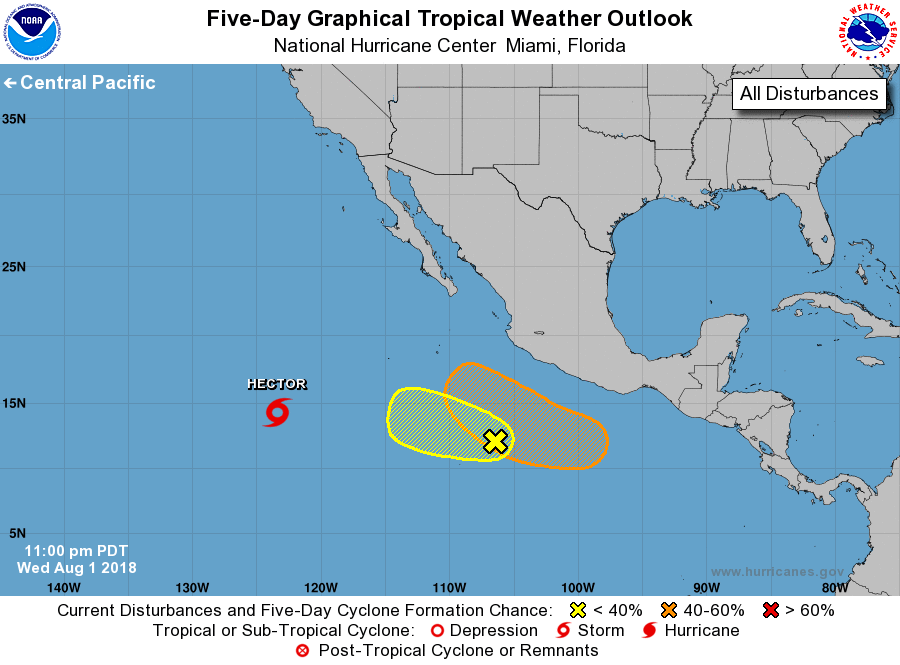
For the eastern North Pacific...east of 140 degrees west longitude:

The National Hurricane Center is issuing advisories on Tropical Storm Hector, located well southwest of the southern tip of the Baja California Peninsula.

1. An area of disturbed weather is located several hundred miles south of Manzanillo, Mexico. Environmental conditions appear conducive for gradual development of this system during the next few days as it moves generally westward across the tropical eastern Pacific. By early next week, close proximity to another low pressure system could limit the potential for further development of this disturbance.
* Formation chance through 48 hours...low...10 percent.
* Formation chance through 5 days...low...30 percent.

2. An area of low pressure is forecast to form several hundred miles south or southwest of the southern coast of Mexico late this week. Environmental conditions are expected to be conducive for gradual development of this system over the weekend, and a tropical depression could form early next week while it moves west-northwestward off the coast of Mexico.
* Formation chance through 48 hours...low...near 0 percent.
* Formation chance through 5 days...medium...60 percent.

Forecaster Zelinsky